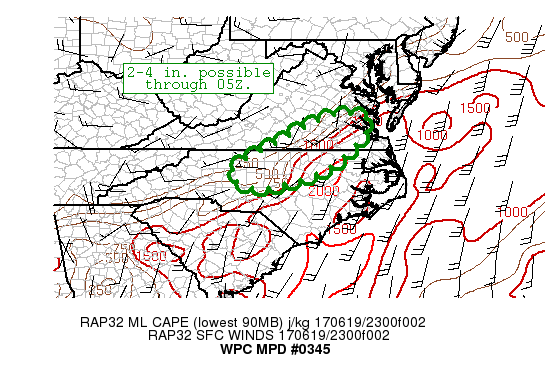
AREAS AFFECTED...CENTRAL NC...SERN VA

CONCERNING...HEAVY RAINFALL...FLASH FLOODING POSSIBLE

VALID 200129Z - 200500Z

SUMMARY...TRAINING OF CONVECTIVE CELLS IN AN AREA FROM NORTH CNTRL
NC TO SERN VA OVER THE NEXT FEW HOURS COULD PRODUCE LOCALIZED
RAINFALL AMOUNTS OF 2-4". FLASH FLOODING IS POSSIBLE.

DISCUSSION...A BAND OF CONVECTION HAS DEVELOPED THIS EVENING ALONG
AN INSTABILITY GRADIENT FROM N-CNTRL NC TO SERN VA. THE ATMOSPHERE
REMAINS MOIST AND UNSTABLE TO THE SOUTH OF THE CONVECTION WITH
MLCAPES OF 1000-2000 J/KG AND AND SURFACE DEW POINTS IN THE MID
70S. SOUTHERLY FLOW OF 10-15 KT WAS OBSERVED FROM THE AREA OF
CONVECTION SOUTHWARD TO THE COASTLINE, WITH 925 HPA SOUTHERLY FLOW
OF 30-40 KT IN THIS SAME AREA NOTED ON THE LATEST SPC
MESOANALYSIS, PROVIDING DECENT MOIST AND UNSTABLE LOW-LEVEL INFLOW
TO THE CONVECTION. ALOFT, MODERATELY DIFFLUENT FLOW WAS NOTED AT
300 HPA IN THE RIGHT ENTRANCE REGION OF A JET STREAK CENTERED OVER
THE APPALACHIANS, PROVIDING UPPER-LEVEL SUPPORT AS WELL.
LOW/MID-LEVEL BASED ON LATEST RAP DATA, WIND PROFILES SEEM TO
SUPPORT SOME DEGREE OF BACKWARD PROPAGATION, WHICH COULD RESULT IN
CONTINUED AREAS OF LOCALIZED CELL TRAINING.

THE LATEST OPERATIONAL HRRR RUN SEEMS TO HAVE A GOOD HANDLE ON
THIS CONVECTION AND SHOWS AN ADDITIONAL 2 TO 4 INCHES POSSIBLE
OVER THE NEXT SEVERAL HOURS FROM EXTREME N-CNTRL NC AND
NORTHEASTWARD INTO SERN VA. GIVEN THE HIGHLY MOIST AND MODERATELY
UNSTABLE AIR MASS, RATES OF 2-3 IN/HR ARE POSSIBLE IN THE HEAVIEST
CELLS. FLASH FLOODING IS POSSIBLE.